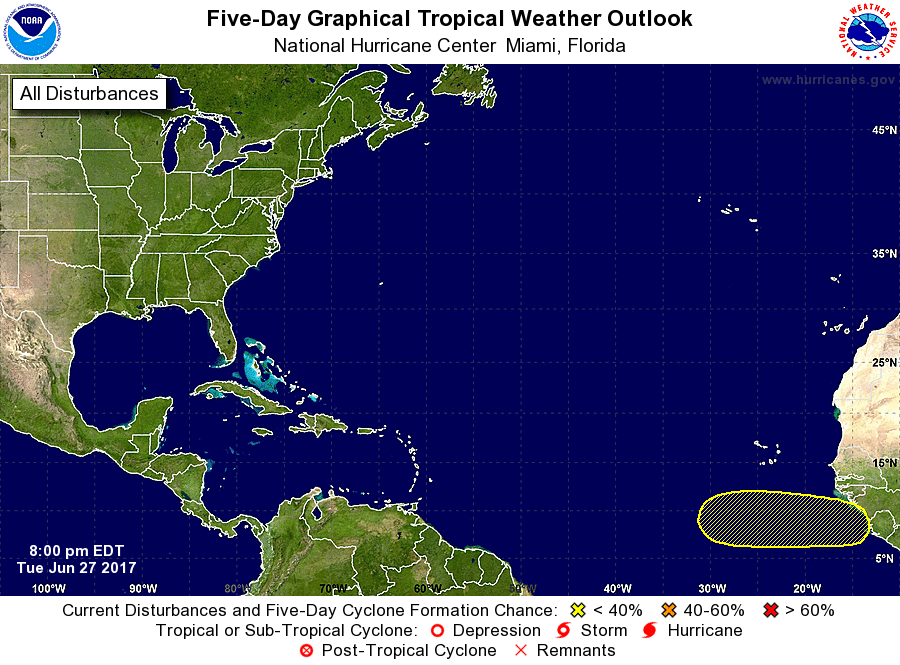
For the North Atlantic...Caribbean Sea and the Gulf of Mexico:

1. A tropical wave over western Africa is forecast to emerge into the far eastern Atlantic Ocean on Wednesday or Thursday. Environmental conditions have become less conducive for the wave to develop.
* Formation chance through 48 hours...low...near 0 percent.
* Formation chance through 5 days...low...10 percent.

Forecaster Avila